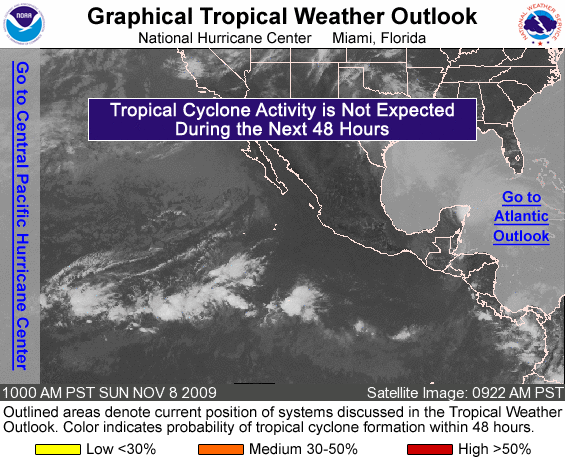
FOR THE EASTERN NORTH PACIFIC...EAST OF 140 DEGREES WEST LONGITUDE..

TROPICAL CYCLONE FORMATION IS NOT EXPECTED DURING THE NEXT 48 HOURS.

FORECASTER ROBERTS/BEVEN